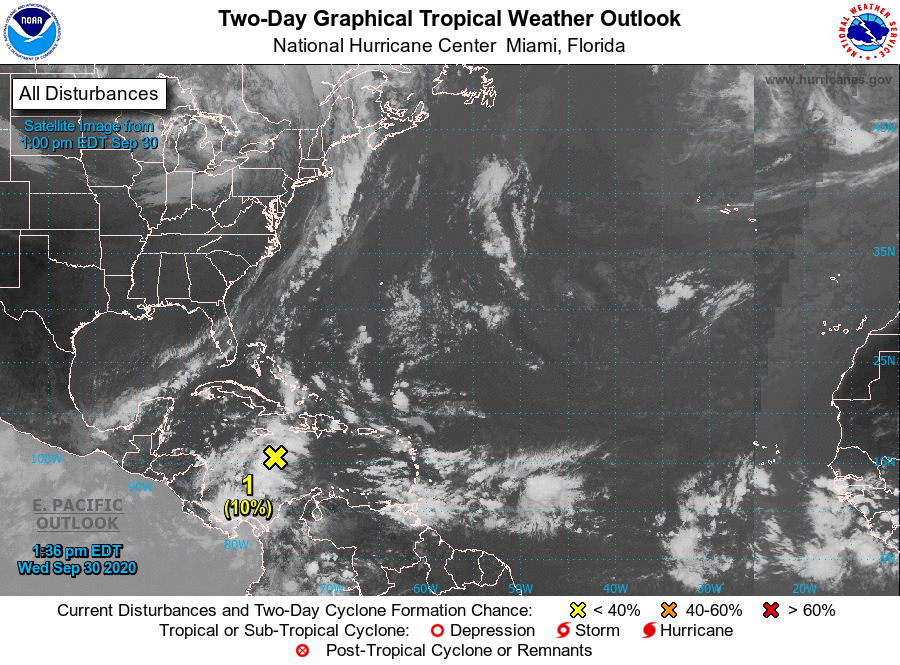
For the North Atlantic...Caribbean Sea and the Gulf of Mexico:

1. A tropical wave located over the west-central Caribbean Sea is expected to move westward over the next couple of days, and produce a broad area of low pressure over the western Caribbean Sea by Thursday night or Friday. Environmental conditions are forecast to be conducive for some development thereafter, and a tropical depression could form over the weekend while the system moves slowly west-northwestward over the northwestern Caribbean Sea.
* Formation chance through 48 hours...low...10 percent.
* Formation chance through 5 days...medium...60 percent.

Forecaster Pasch